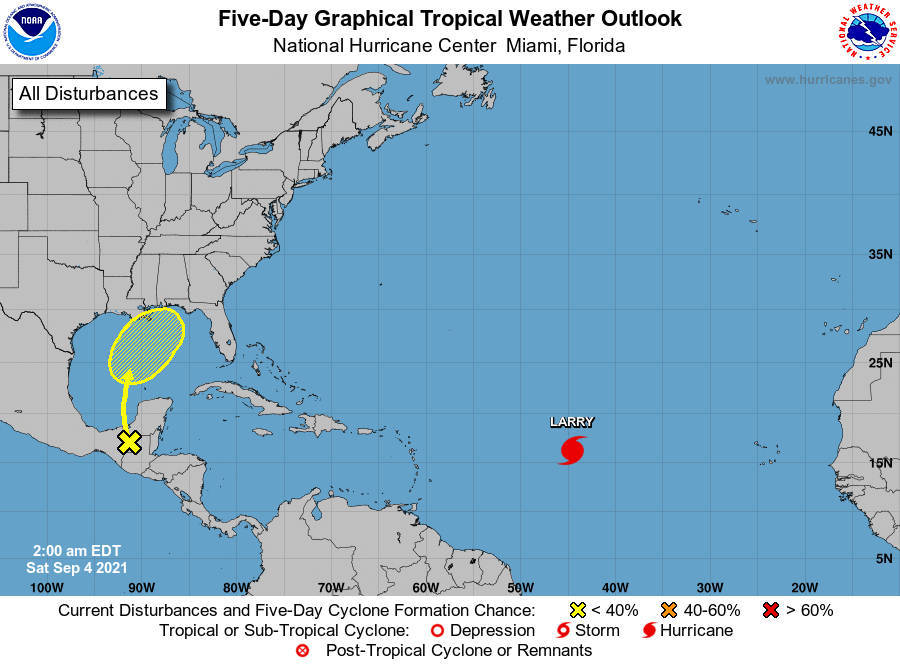
For the North Atlantic...Caribbean Sea and the Gulf of Mexico:

The National Hurricane Center is issuing advisories on Hurricane Larry, located over the central tropical Atlantic about midway between the Cabo Verde Islands and the Lesser Antilles.

1. A surface trough over portions of Central America and the southern Yucatan Peninsula of Mexico is producing disorganized shower and thunderstorm activity. This system is expected to move northwestward during the next day or so, bringing locally heavy rains to these areas. The disturbance is forecast to emerge over the southwestern or south-central Gulf of Mexico on Sunday, and then move northward or northeastward over the central Gulf of Mexico through the middle of next week. Unfavorable upper-level winds are expected to limit development through Monday, but environmental conditions could become marginally favorable for some gradual development on Tuesday or Wednesday.
* Formation chance through 48 hours...low...near 0 percent.
* Formation chance through 5 days...low...30 percent.

Forecaster Cangialosi